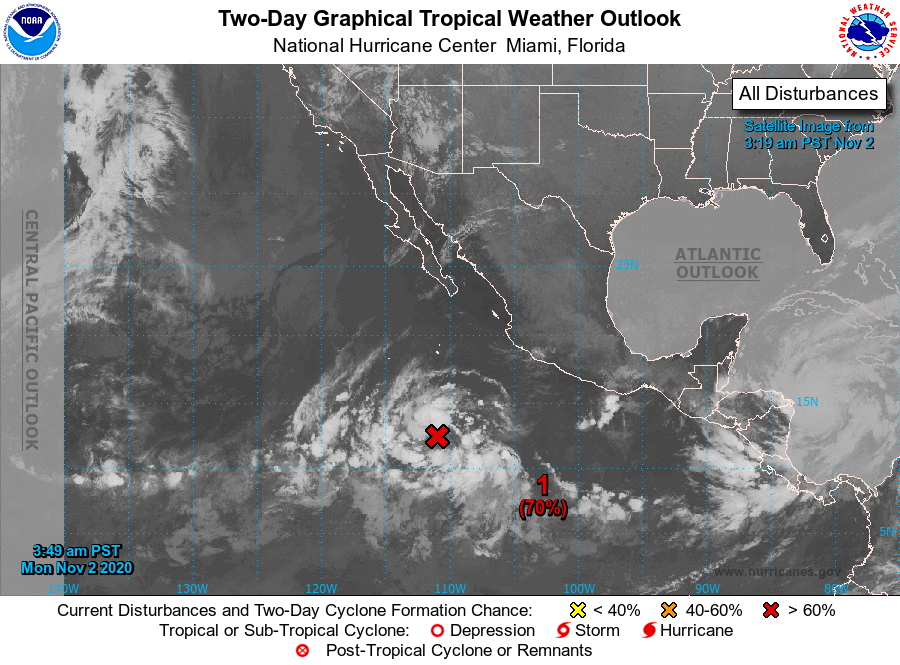
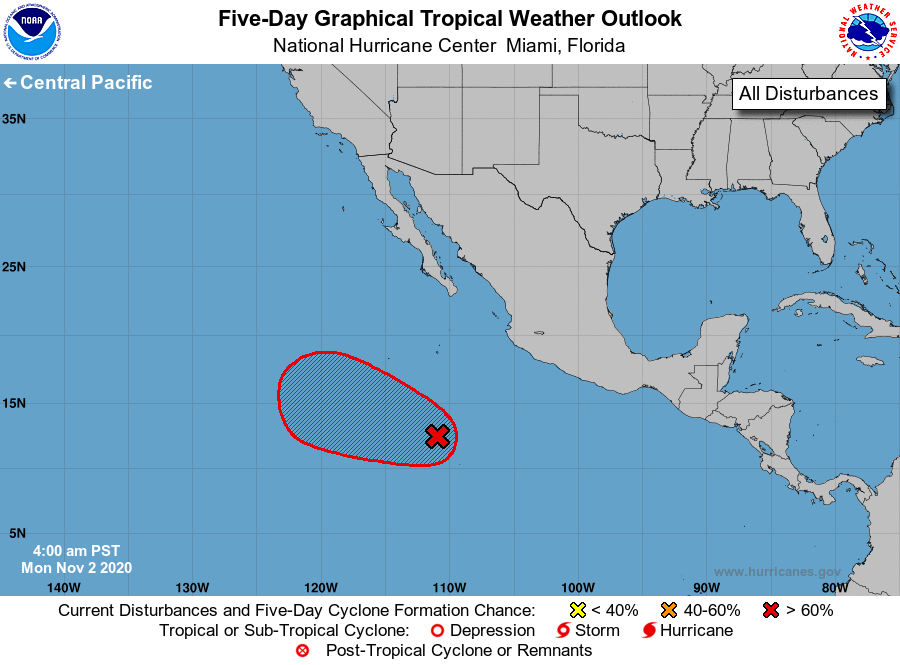
For the eastern North Pacific...east of 140 degrees west longitude:

1. A broad area of low pressure located over 700 miles south of the southern tip of the Baja California Peninsula continues to produce disorganized showers and thunderstorms. Environmental conditions remain favorable for development, and a tropical depression is likely to form during the next couple of days as the system moves west-northwestward or northwestward, well offshore of the coast of Mexico.
* Formation chance through 48 hours...high...70 percent.
* Formation chance through 5 days...high...90 percent.

Forecaster Reinhart/Berg